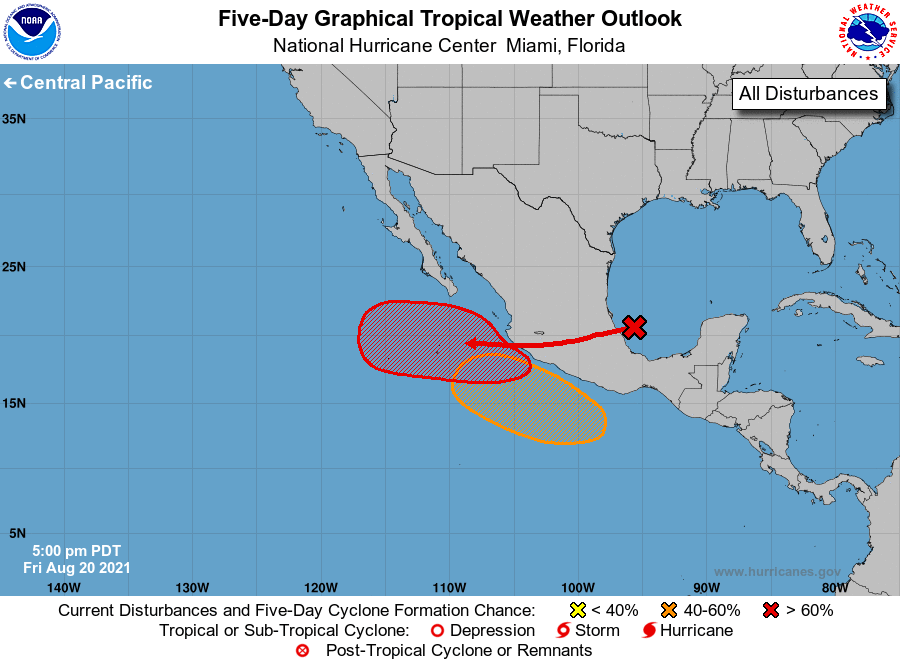
For the eastern North Pacific...east of 140 degrees west longitude:

1. Hurricane Grace, located over the southwestern Gulf of Mexico, is forecast to move inland over mainland Mexico later tonight and dissipate over Mexico by early Sunday. However, Grace's remnants are expected to continue moving westward and emerge over the eastern Pacific Ocean off the west-central coast of Mexico by Sunday afternoon. Environmental conditions are forecast to be conducive for development, and a tropical depression is likely to form by early next week while the system moves westward at 10 to 15 mph away from the coast of Mexico.
* Formation chance through 48 hours...medium...50 percent.
* Formation chance through 5 days...high...80 percent.

2. An area of low pressure is forecast to form offshore of the coast of southern Mexico early next week. Environmental conditions are expected to be conducive for some gradual development thereafter, and a tropical depression could form by the middle of next week. The system is forecast to move generally west-northwestward at 10 to 15 mph, near or just offshore of the southwestern coast of Mexico.
* Formation chance through 48 hours...low...near 0 percent.
* Formation chance through 5 days...medium...50 percent.

Forecaster Papin/Beven